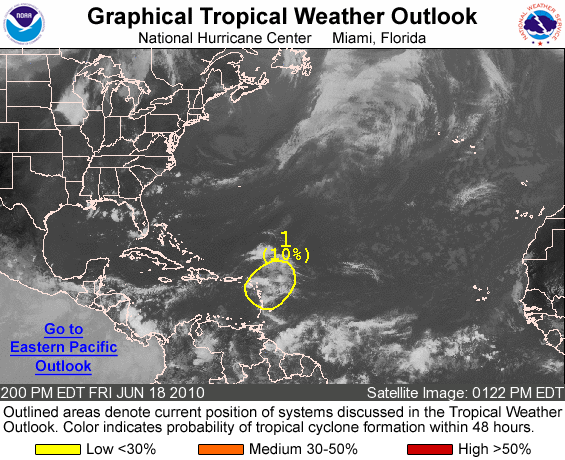
FOR THE NORTH ATLANTIC...CARIBBEAN SEA AND THE GULF OF MEXICO...

1. A TROPICAL WAVE APPROACHING THE VIRGIN ISLANDS IS PRODUCING AN AREA OF DISORGANIZED SHOWERS AND THUNDERSTORMS OVER THE LEEWARD ISLANDS. ALTHOUGH THE SHOWER AND THUNDERSTORM ACTIVITY HAS DIMINISHED SOMEWHAT THIS AFTERNOON...LOCALLY HEAVY RAINS AND GUSTY WINDS ARE STILL POSSIBLE DURING THE NEXT DAY OR TWO OVER PORTIONS OF THE LESSER ANTILLES INCLUDING...THE VIRGIN ISLANDS...AND PUERTO RICO. UPPER-LEVEL WINDS ARE EXPECTED TO REMAIN UNFAVORABLE FOR DEVELOPMENT...AND THERE IS A LOW CHANCE...10 PERCENT...OF THIS SYSTEM BECOMING A TROPICAL CYCLONE DURING THE NEXT 48 HOURS.

ELSEWHERE...TROPICAL CYCLONE FORMATION IS NOT EXPECTED DURING THE NEXT 48 HOURS.

FORECASTER ROBERTS/BEVEN